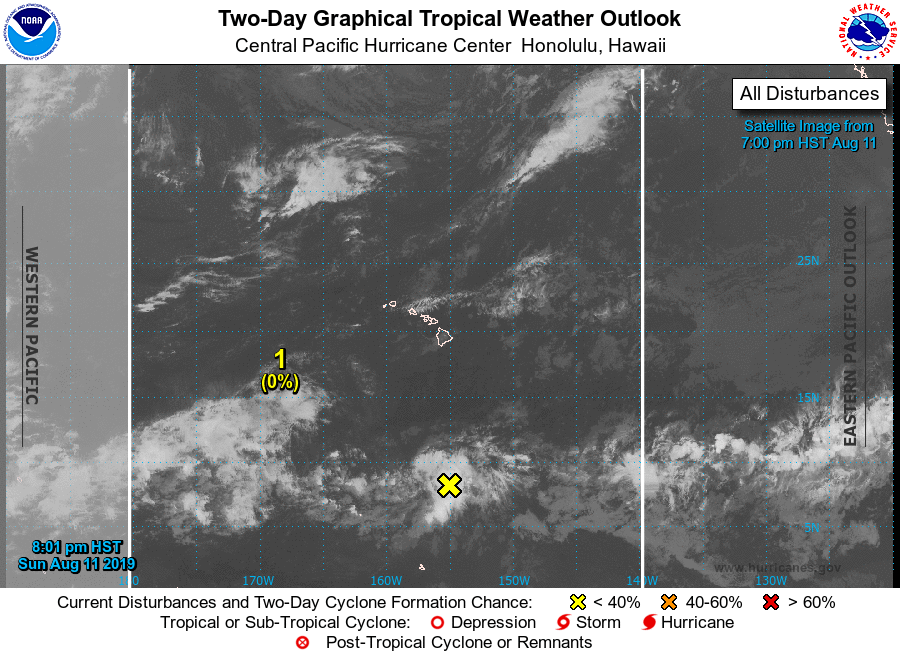
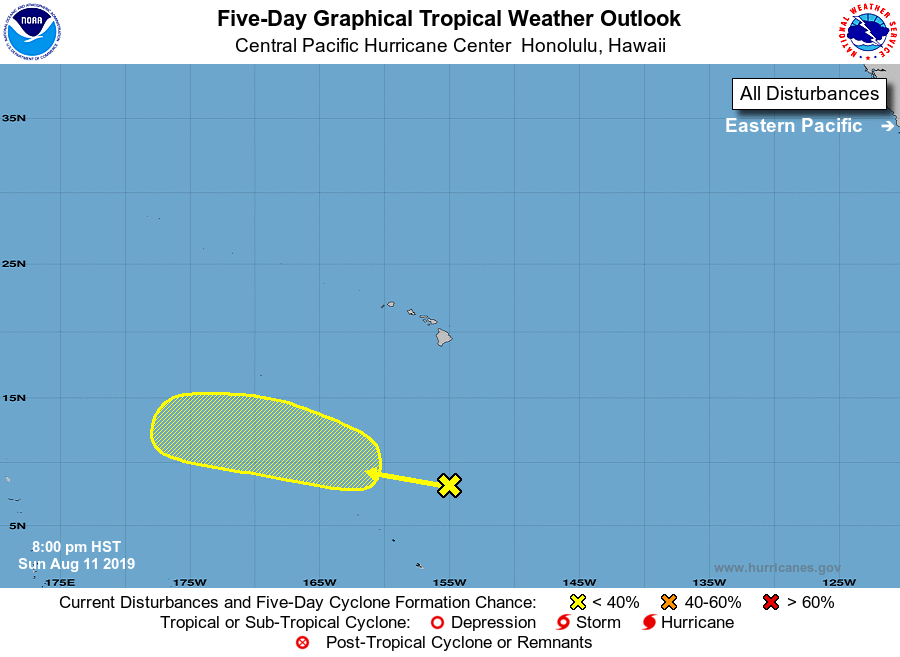
For the central North Pacific...between 140W and 180W:

1. A disorganized area of showers and thunderstorms located several hundred miles south of the Big Island is associated with a trough of low pressure. Environmental conditions are expected to become more conducive for slow development of the system through the week as it moves west to west-northwest at 10 to 15 mph.
* Formation chance through 48 hours...low...near 0 percent.
* Formation chance through 5 days...low...30 percent.

Elsewhere, no tropical cyclones are expected during the next 5 days.

Forecaster TS